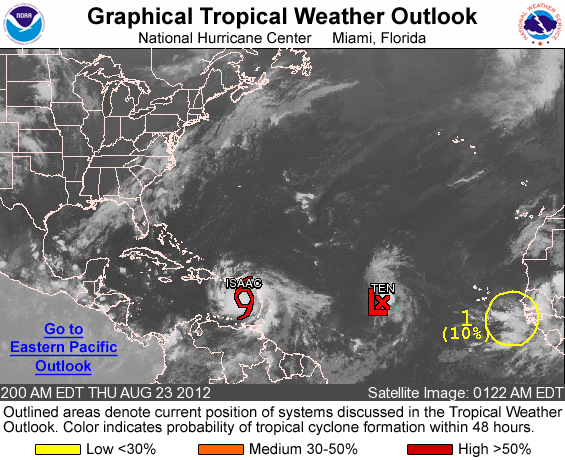
FOR THE NORTH ATLANTIC...CARIBBEAN SEA AND THE GULF OF MEXICO...

THE NATIONAL HURRICANE CENTER IS ISSUING ADVISORIES ON TROPICAL STORM ISAAC...LOCATED ABOUT 265 MILES SOUTHEAST OF SAN JUAN PUERTO RICO...AND TROPICAL DEPRESSION TEN...LOCATED ABOUT 1045 MILES WEST OF THE CAPE VERDE ISLANDS.

1. SHOWERS AND THUNDERSTORMS NEAR THE WEST COAST OF AFRICA ARE ASSOCIATED WITH A TROPICAL WAVE. DEVELOPMENT IS EXPECTED TO BE SLOW TO OCCUR...AND THIS SYSTEM HAS A LOW CHANCE...10 PERCENT...OF BECOMING A TROPICAL CYCLONE DURING THE NEXT 48 HOURS AS IT MOVES WESTWARD AT ABOUT 15 MPH.

ELSEWHERE...TROPICAL CYCLONE FORMATION IS NOT EXPECTED DURING THE NEXT 48 HOURS.

&&
PUBLIC ADVISORIES ON TROPICAL DEPRESSION TEN ARE ISSUED UNDER WMO HEADER WTNT35 KNHC AND UNDER AWIPS HEADER MIATCPAT5. FORECAST/ADVISORIES ON TROPICAL DEPRESSION TEN ARE ISSUED UNDER WMO HEADER WTNT25 KNHC AND UNDER AWIPS HEADER MIATCMAT5.

FORECASTER STEWART